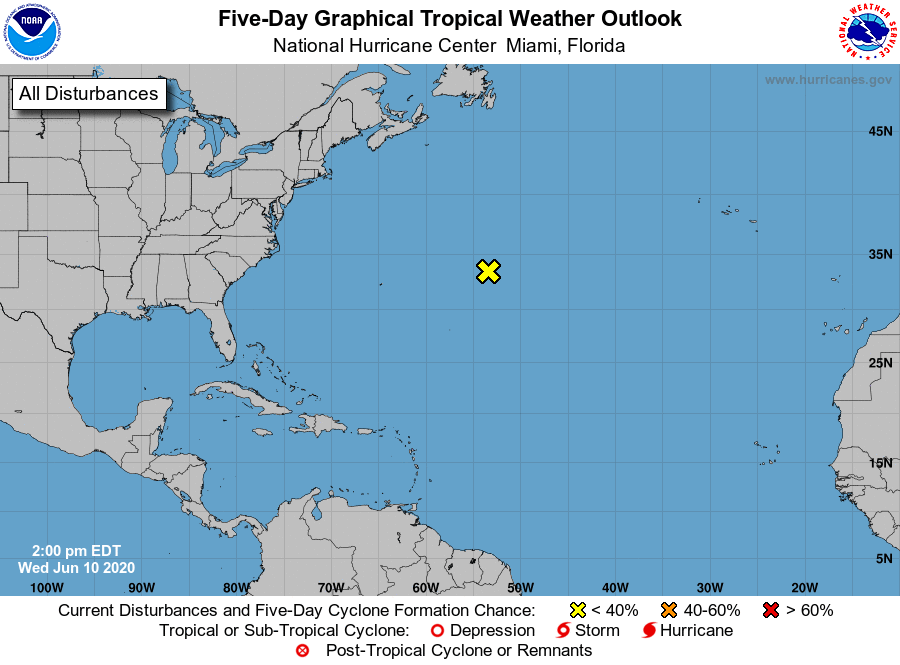
For the North Atlantic...Caribbean Sea and the Gulf of Mexico:

1. A non-tropical area of low pressure is located over the central Atlantic Ocean several hundred miles east of Bermuda. Development of this system as a subtropical cyclone is not expected due to unfavorable environmental conditions, and the low is forecast to dissipate on Thursday when it begins to move slowly westward.
* Formation chance through 48 hours...low...near 0 percent.
* Formation chance through 5 days...low...near 0 percent.

Forecaster Berg